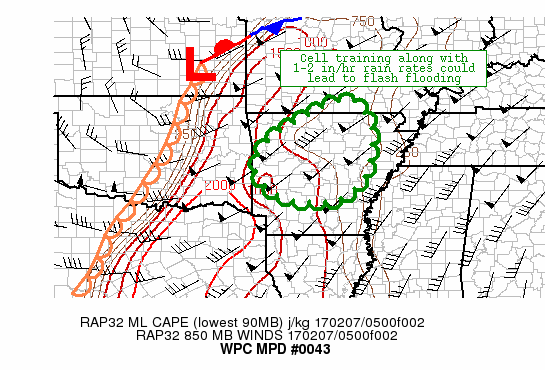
AREAS AFFECTED...NORTHERN AND CENTRAL ARKANSAS...EXTREME SOUTH
CENTRAL MISSOURI...

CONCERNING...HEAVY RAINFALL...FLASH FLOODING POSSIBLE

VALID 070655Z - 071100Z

SUMMARY...AN ENVIRONMENT SUPPORTIVE OF TRAINING CONVECTIVE CELLS
WITH 1-2 IN/HR RAINFALL RATES COULD LEAD TO FLASH FLOODING FOR
SOME LOCATIONS.

DISCUSSION...TWO BANDS OF CONVECTION HAVE DEVELOPED EARLY THIS
MORNING OVER CENTRAL/NORTHERN ARKANSAS IN AN INCREASINGLY
SUPPORTIVE SYNOPTIC ENVIRONMENT AHEAD OF AN APPROACHING
MID/UPPER-LVL SHORTWAVE. THE LOW/MID-LEVEL ENVIRONMENT APPEARS
SUPPORTIVE OF BACKWARD PROPAGATION AS EVIDENCED BY RAP CORFIDI
VECTORS. THIS HAS BEEN OBSERVED, WITH TRAINING OF CONVECTION
EVIDENT ON RADAR IN A COUPLE LOCATIONS. THE CONVECTION IS BEING
FUELED BY A VIGOROUS 50KT LOW-LEVEL JET WHICH IS TRANSPORTING VERY
MOIST (850 HPA DEWPOINTS NEAR 12 DEG C) AND AND UNSTABLE (MLCAPES
OF 1000-2000 J/KG) NORTHWARD INTO THE OUTLINED AREA. AT THE MID
AND UPPER-LEVELS, SYNOPTIC SCALE DIFFLUENCE IS INCREASING ACROSS
THE AREA AS A RATHER VIGOROUS SHORTWAVE APPROAHCES. CURRENT RADAR
ESTIMATED RAINFALL RATES ARE OVER 2 IN/HR AT A FEW LOCATIONS,
ALTHOUGH THESE ARE LIKELY OVERDONE DUE TO HAIL CONTAMINATION, AND
ARE MORE LIKELY IN THE 1-2 IN/HR RANGE.

HI-RES CAMS DO NOT HAVE A GOOD HANDLE ON THE ONGOING CONVECTION,
AND APPEAR TO BE OF LIMITED VALUE FOR THE NEXT SEVERAL HOURS. THE
LATEST RAP RUN SHOWS THE ENVIRONMENT REMAINING CONDUCIVE TO
TRAINING/BACKBUILDING FOR A FEW MORE HOURS BEFORE THE BEST
LOW-LEVEL MOIST INFLOW BEGINS TO GRADUALLY SHIFT EASTWARD. FLASH
FLOOD GUIDANCE IS RELATIVELY HIGH ACROSS THESE AREAS, HOWEVER
GIVEN THE CURRENT RAINFALL RATES AND THE PROSPECT OF CONTINUED
CELL TRAINING FOR A FEW MORE HOURS, THE POTENTIAL IS THERE FOR
EXCEEDING FFG IN SOME AREAS, WITH TOTAL RAINFALL AMOUNTS OF 2-4
INCHES POSSIBLE.